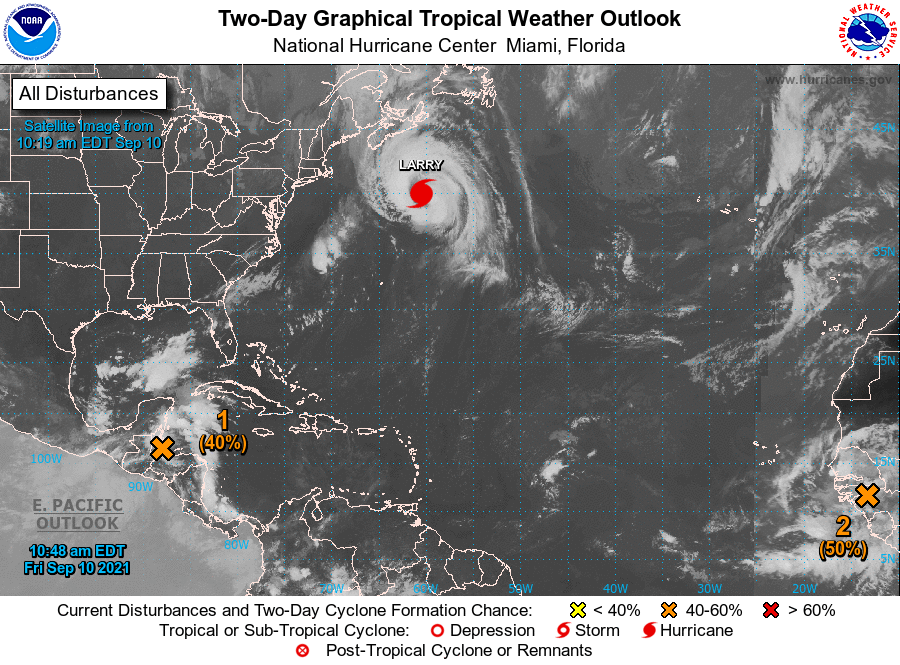
For the North Atlantic...Caribbean Sea and the Gulf of Mexico:

The National Hurricane Center is issuing advisories on Hurricane Larry, located over the western Atlantic several hundred miles southwest of Newfoundland, Canada.

1. The northern portion of a tropical wave is producing disorganized showers and thunderstorms over Honduras, the western Caribbean Sea, and portions of the Yucatan peninsula. This system is forecast to move into the Bay of Campeche and merge with a pre-existing surface trough located over the southwestern Gulf of Mexico by this weekend. Environmental conditions are expected to be conducive to support gradual development, and a tropical depression is likely to form Sunday or Monday before the system moves onshore along the western Gulf of Mexico coast. Regardless of development, this disturbance is expected to produce heavy rains across portions of Central America through Saturday.
* Formation chance through 48 hours...medium...40 percent.
* Formation chance through 5 days...high...70 percent.

2. A strong tropical wave is expected to emerge off of the west coast of Africa by tonight. Environmental conditions are forecast to be conducive for gradual development thereafter, and a tropical depression is likely to form late this weekend or early next week as the system moves west-northwestward over the far eastern Atlantic near the Cabo Verde Islands. Interests in the Cabo Verde Islands should monitor the progress of this system.
* Formation chance through 48 hours...medium...50 percent.
* Formation chance through 5 days...high...70 percent.

Forecaster Cangialosi